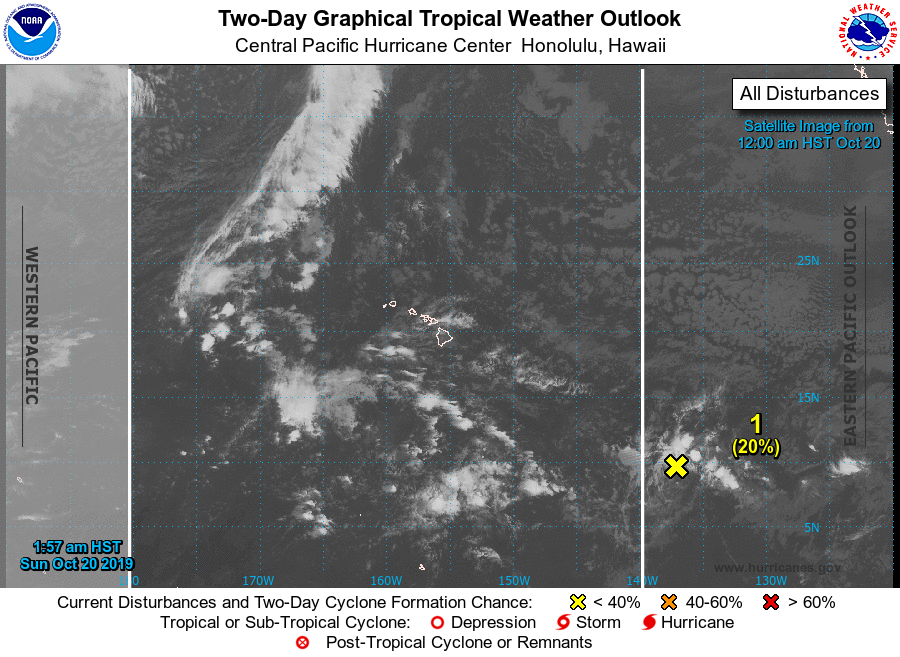
For the central North Pacific...between 140W and 180W:

1. An elongated area of low pressure located more than a thousand miles east-southeast of the Hawaiian Islands continues to produce disorganized showers and thunderstorms. Any development of this system should be slow to occur while it moves slowly westward at 5 to 10 mph during the next couple of days. This system is expected to move into the central Pacific basin by tonight or early Monday.
* Formation chance through 48 hours...low...20 percent.
* Formation chance through 5 days...low...20 percent.

Elsewhere, no tropical cyclones are expected during the next 5 days.

Forecaster Birchard